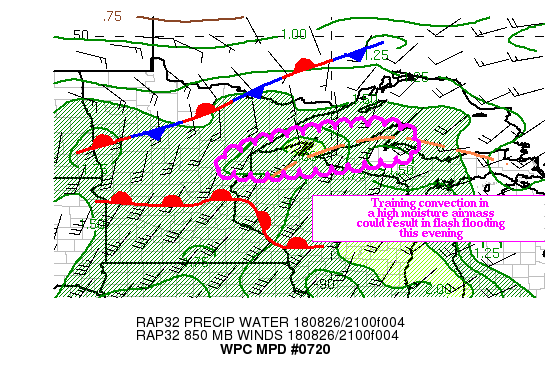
Areas affected...Far east central MN...Northern WI into the UP of
MI

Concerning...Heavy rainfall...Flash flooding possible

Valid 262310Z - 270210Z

Summary...Convection training along a moisture axis could produce
hourly rainfall rates near 2.00 inches over portions of northern
WI into the UP of MI into the evening hours.

Discussion...Regional radars showed a band of convection moving
slowly northward... extending from northern WI into the western UP
of MI, as cells within the band move slowly east. The storms have
formed in an axis of 1.75/2.00 inch precipitable water air (which
is about two standard deviations above the mean), and the KDLH
radar recently showed hourly rainfall rates in this band over 2.00
inches across southern Douglas and Bayfield counties in WI.

Model soundings indicated that much of the 1000-2000 J/KG of CAPE
is elevated, as the convection has formed well north of the warm
front stretching across central MN into western WI. The soundings
also indicated moisture increasing through the depth of the
column, which could be indicating that warm rain processes are
become more important. The KMPX radar showed additional convection
forming over east central MN, which is expected to track over
areas that already received heavy rainfall.

The GOES-16 clean IR loop showed tops slowly warming, so the
activity is probably peaking between now and 27/00z. The most
recent HRRR showed an axis of 2.00 to 4.00 inches of rainfall over
northernmost WI into the western portions of the UP of MI, and
based on what has occurred thus far, those amounts seem
reasonable. Three hour flash flood guidance values are as low as
1.50 inches over northernmost WI, so flash flooding is possible
where training along the band of convection occurs.